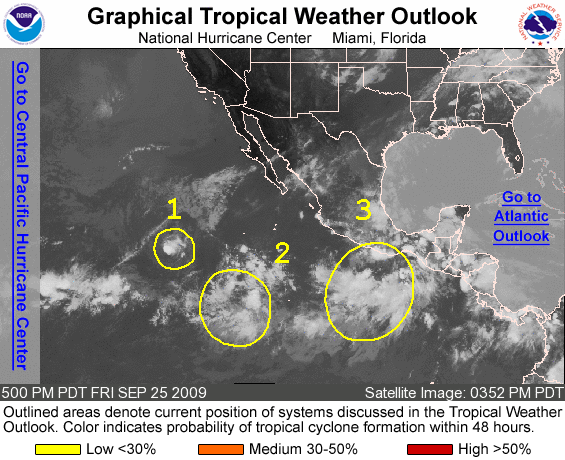
FOR THE EASTERN NORTH PACIFIC...EAST OF 140 DEGREES WEST LONGITUDE..

1. THE REMNANTS OF TROPICAL DEPRESSION NORA ARE LOCATED ABOUT 1000 MILES WEST-SOUTHWEST OF THE SOUTHERN TIP OF BAJA CALIFORNIA. ALTHOUGH THIS SYSTEM IS PRODUCING INTERMITTENT THUNDERSTORM ACTIVITY...UPPER-LEVEL WINDS ARE NOT FAVORABLE FOR REGENERATION. FOR ADDITIONAL INFORMATION ON THE REMNANTS OF NORA...PLEASE SEE HIGH SEAS FORECASTS ISSUED BY THE NATIONAL WEATHER SERVICE UNDER AWIPS HEADER NFDHSFEPI AND WMO HEADER FZPN02 KWBC. THERE IS A LOW CHANCE...LESS THAN 30 PERCENT...OF THIS SYSTEM BECOMING A TROPICAL CYCLONE DURING THE NEXT 48 HOURS.

2. A BROAD AREA OF LOW PRESSURE LOCATED ABOUT 900 MILES SOUTHWEST OF MANZANILLO MEXICO IS PRODUCING DISORGANIZED SHOWERS AND THUNDERSTORMS. SOME SLOW DEVELOPMENT OF THIS SYSTEM IS POSSIBLE OVER THE NEXT COUPLE OF DAYS AS IT MOVES WEST-NORTHWESTWARD AT 5 TO 10 MPH. THERE IS A LOW CHANCE...LESS THAN 30 PERCENT...OF THIS SYSTEM BECOMING A TROPICAL CYCLONE DURING THE NEXT 48 HOURS.

3. ANOTHER AREA OF DISTURBED WEATHER HAS FORMED ABOUT 330 MILES SOUTHWEST OF THE GULF OF TEHUANTEPEC. THIS SYSTEM HAS THE POTENTIAL FOR SLOW DEVELOPMENT AS IT MOVES WESTWARD DURING THE NEXT DAY OR TWO. THERE IS A LOW CHANCE...LESS THAN 30 PERCENT...OF THIS SYSTEM BECOMING A TROPICAL CYCLONE DURING THE NEXT 48 HOURS.

ELSEWHERE...TROPICAL CYCLONE FORMATION IS NOT EXPECTED DURING THE NEXT 48 HOURS.

FORECASTER AVILA